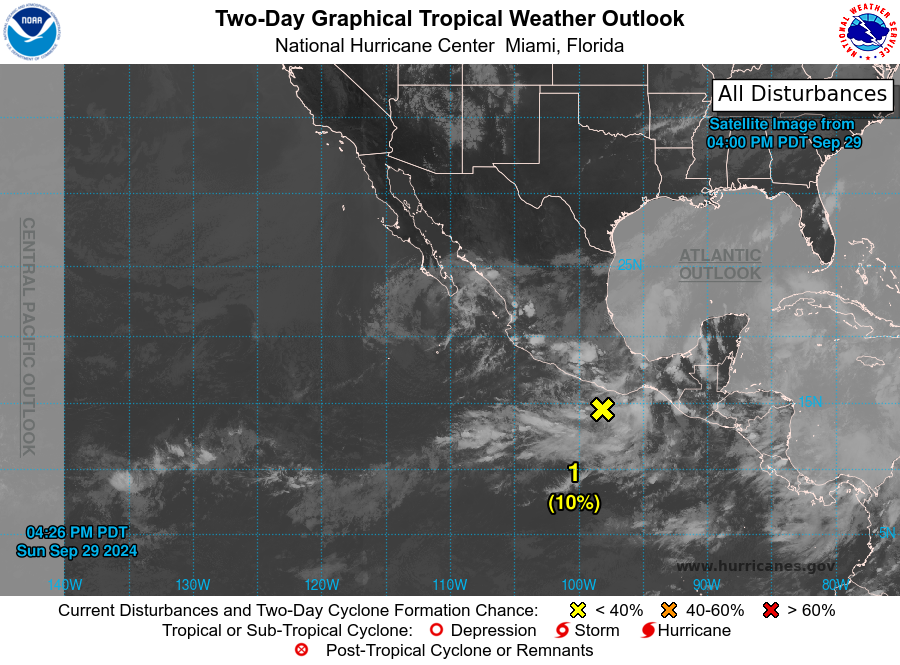
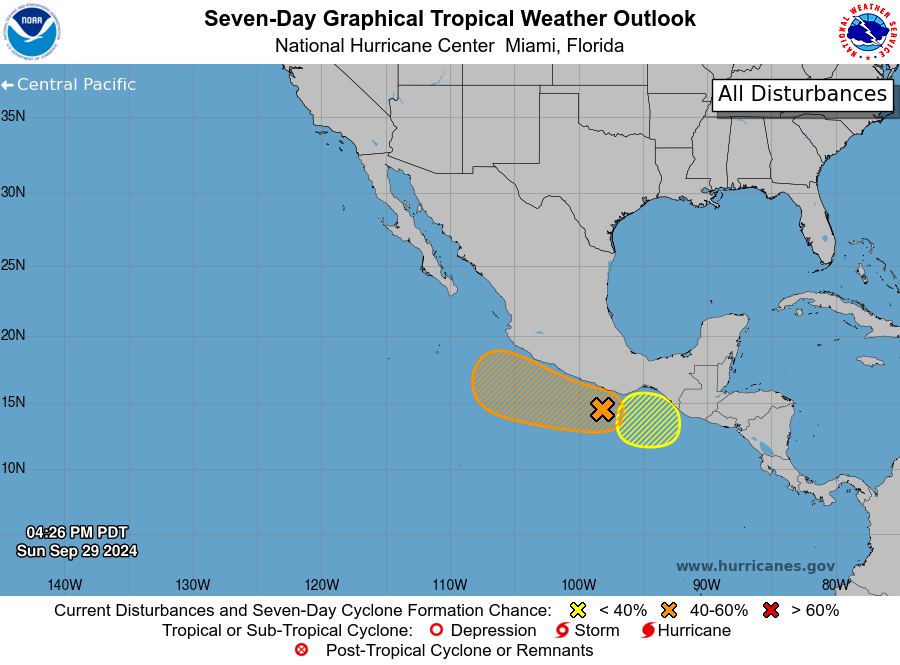
For the eastern North Pacific...east of 140 degrees west longitude:

1. Offshore of Southwestern Mexico: An area of low pressure is expected to gradually develop off the coast of southwestern Mexico during the next day or so. Environmental conditions are expected to be generally conducive for additional development after that, and a tropical depression could form by the middle or late portions of this week. The disturbance is forecast to meander near or just offshore the coast for most of the week, and then begin moving slowly west-northwestward, parallel to the coast of Mexico by next weekend. Regardless of development, this system is expected to contribute to additional heavy rainfall across portions of the southwestern coast of Mexico, and interests there should monitor the progress of this disturbance.
* Formation chance through 48 hours...low...10 percent.
* Formation chance through 7 days...medium...60 percent.

2. South of the Gulf of Tehuantepec: Another area of low pressure is forecast to form south of the Gulf of Tehuantepec during the next couple of days. Gradual development of the disturbance will be possible after that, if the system remains offshore the coast of southern Mexico. The disturbance is forecast to move erratically through mid-week, and then potentially move northward toward the coast later this week. Regardless of formation, heavy rain will be possible along most of the coast of southern Mexico throughout this week.
* Formation chance through 48 hours...low...near 0 percent.
* Formation chance through 7 days...low...20 percent.

Forecaster D. Zelinsky